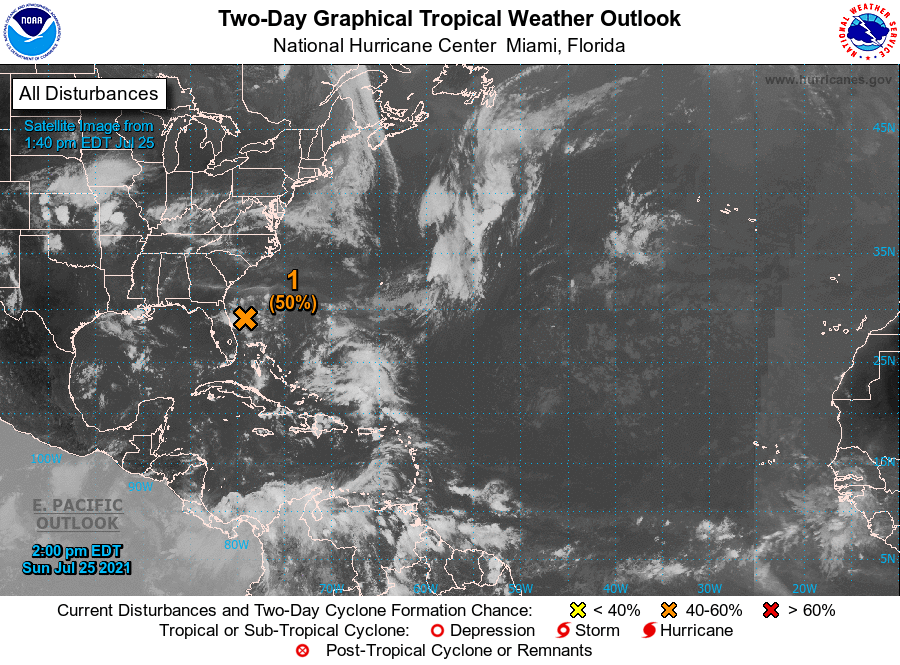
For the North Atlantic...Caribbean Sea and the Gulf of Mexico:

1. A low pressure area located about 150 miles east of Daytona Beach, Florida, is producing disorganized shower and thunderstorm activity mainly over the southern part of its circulation. Preliminary reports from an Air Force Reserve reconnaissance aircraft indicate that this system has changed little in strength since yesterday. Environmental conditions are marginally conducive for development, and a tropical depression could still form later today or early Monday while the low drifts westward or west-northwestward toward the northeast coast of Florida. Interests in Florida should continue to monitor the progress of this system.
* Formation chance through 48 hours...medium...50 percent.
* Formation chance through 5 days...medium...50 percent.

Forecaster Pasch